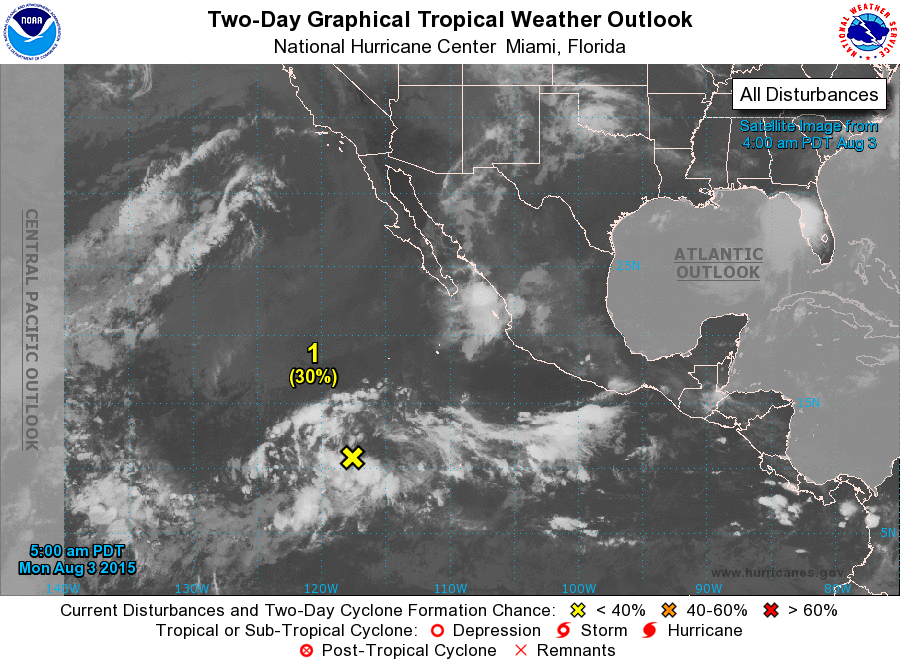
For the eastern North Pacific...east of 140 degrees west longitude:

1. Cloudiness and showers associated with an area of low pressure located about 1000 miles south-southwest of the southern tip of the Baja California peninsula have increased some in organization since yesterday. Environmental conditions are expected to be conducive for continued gradual development of this system over the next few days while it moves west-northwestward at 10 to 15 mph.
* Formation chance through 48 hours...low...30 percent
* Formation chance through 5 days...high...70 percent

Forecaster Kimberlain